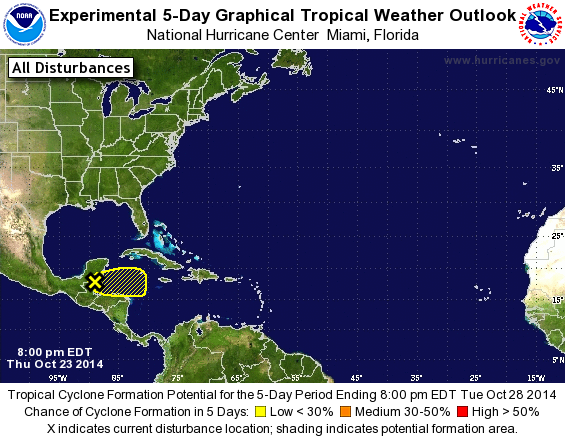
For the North Atlantic...Caribbean Sea and the Gulf of Mexico:

1. The remnants of Tropical Depression Nine, located near the borders of southern Yucatan, Belize, and Guatemala, are expected to move eastward across northern Belize tonight and into the northwestern Caribbean Sea by Friday afternoon. This system has a small chance of regeneration if it does not become absorbed by a cold front in two or three days.
* Formation chance through 48 hours...low...10 percent.
* Formation chance through 5 days...low...10 percent.

Forecaster Stewart